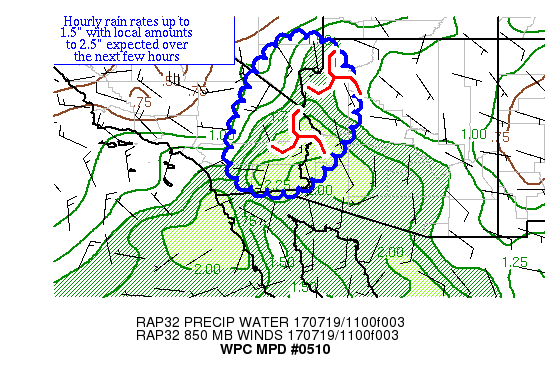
AREAS AFFECTED...PORTIONS OF THE DESERT SOUTHWEST

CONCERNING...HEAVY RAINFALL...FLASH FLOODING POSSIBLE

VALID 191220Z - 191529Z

SUMMARY...A PAIR OF MCVs ARE INTERACTING WITH AVAILABLE MOISTURE
AND INSTABILITY TO GENERATE NEW CONVECTION.  HOURLY RAIN RATES UP
TO 1.5" WITH LOCAL AMOUNTS TO 2.5" ARE EXPECTED.

DISCUSSION...A PAIR OF MCVs GENERATED BY CONVECTIVE ACTIVITY ON
TUESDAY ARE INTERACTING WITH PRECIPITABLE WATER VALUES OF 1.5-2".
INFLOW AT 850 HPA IS SOUTHERLY, WHICH IS IMPORTING MU CAPE VALUES
OF 1000-2000 J/KG FROM SOUTHEAST CA/SOUTHWEST AZ INTO THE MORE
NORTHERN MCV OVER NORTHWEST AZ.  THE ATMOSPHERE ACROSS THE REGION
IS LIKELY SATURATED.  NEW CONVECTIVE ACTIVITY IS SHOWING COOLING
CLOUD TOPS AND A BIT OF LIGHTNING ACROSS SOUTHEAST CA, NORTHWEST
AZ, AND SOUTHERN NV.  EFFECTIVE BULK SHEAR OF ~25 KTS COULD ACT TO
ORGANIZE THE ACTIVITY INTO SHORT BANDS AROUND THE MCVs.

THE MESOSCALE GUIDANCE HAS A SIGNAL FOR LOCAL AMOUNTS UP TO 2.5"
HERE OVER THE NEXT SEVERAL HOURS, WITH THE HIGHEST RISK THROUGH
15Z.  HOURLY RAIN RATES UP TO 1.5" ARE EXPECTED NEAR THE MCVs AS
THE CONVECTION MOVES WEST WITH THE CIRCULATIONS AT ROUGHLY 10 KTS.